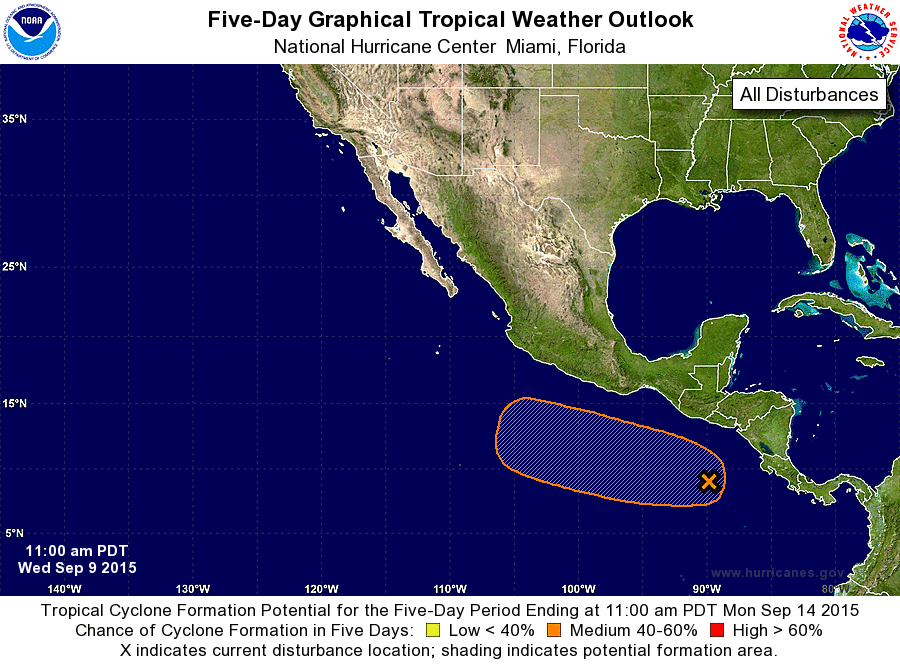
For the eastern North Pacific...east of 140 degrees west longitude:

The National Hurricane Center is issuing advisories on Hurricane Linda, located a few hundred miles south-southwest of Punta Eugenia, Mexico.

1. Disorganized showers and thunderstorms located south of the coast of Central America are associated with a tropical wave. An area of low pressure is expected to develop in association with the wave later this week several hundred miles south of the Gulf of Tehuantepec. Environmental conditions are forecast to be conducive for gradual development of this low while it moves generally west-northwestward at about 10 mph.
* Formation chance through 48 hours...low...10 percent
* Formation chance through 5 days...medium...50 percent

Forecaster Brennan